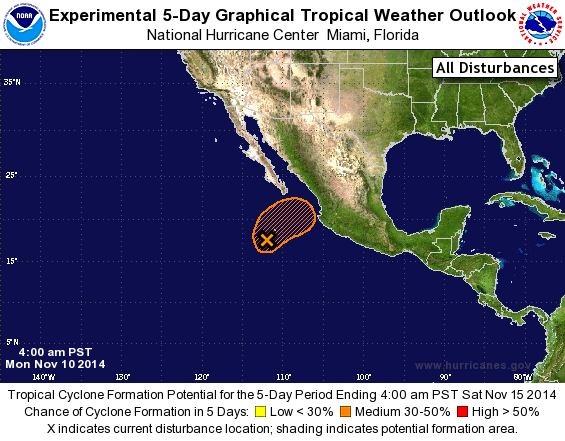
For the eastern North Pacific...east of 140 degrees west longitude:

1. Shower and thunderstorm activity continues to show signs of organization in association with an area of low pressure located about 375 miles south-southwest of the southern tip of the Baja California peninsula. While satellite wind data indicate that the surface circulation is not well defined, some additional development is possible today while the system moves north-northeastward to northeastward at 10 to 15 mph. However, conditions are expected to become unfavorable for tropical cyclone formation by tonight or early Tuesday. Regardless of tropical cyclone development, this system will bring rain and gusty winds to portions of the west coast of mainland Mexico tonight and Tuesday.
* Formation chance through 48 hours...medium...40 percent.
* Formation chance through 5 days...medium...40 percent.

Forecaster Brennan